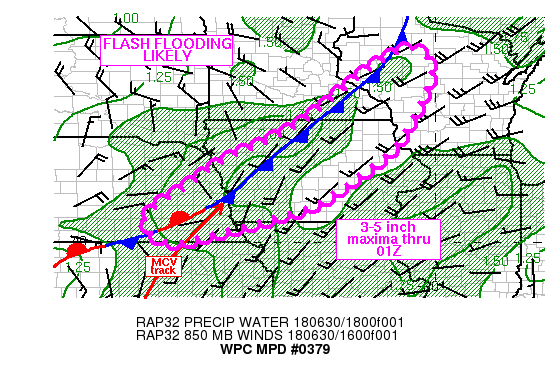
AREAS AFFECTED...ERN NE...IA...SRN MN...WRN WI

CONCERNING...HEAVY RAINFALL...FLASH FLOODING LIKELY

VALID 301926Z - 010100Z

SUMMARY...RAPID DEVELOPMENT OF CONVECTION IS EXPECTED TO POSE A
THREAT OF FLASH FLOODING THROUGH THE REMAINDER OF THE AFTERNOON
FROM EASTERN NEBRASKA INTO IOWA...SOUTHERN MINNESOTA AND WESTERN
WISCONSIN. RAINFALL RATES OF 2-3 IN/HR WILL BE POSSIBLE WHERE CELL
TRAINING OCCURS.

DISCUSSION...18Z SURFACE OBSERVATIONS PLACED A SLOW MOVING COLD
FRONT SOUTHWESTWARD FROM NORTHERN WISCONSIN INTO WEST-CENTRAL IOWA
AND SOUTHEASTERN NEBRASKA. SPECIAL 18Z RAOBS SHOWED PRECIPITABLE
WATER VALUES RANGING FROM 1.3 INCHES AT MPX TO 1.7 INCHES AT OAX
WITH THE LAYERED PRECIPITABLE WATER PRODUCT INDICATING DEEP
LAYERED MOISTURE STREAMING NORTHEASTWARD FROM WEST TEXAS INTO THE
CENTRAL PLAINS AND UPPER MIDWEST. THE 18Z SPC MESOANALYSIS AGREED
WITH THE 18Z OAX SOUNDING SHOWING MODERATE TO HIGH MLCAPE VALUES
RANGING FROM 2500 TO 3500+ J/KG AHEAD OF THE FRONT WITH ERODING
CIN.

CONVECTION FROM 19Z WAS LOCATED IN NORTH-CENTRAL IOWA WHERE MEAN
CELL MOTIONS WERE OFF TOWARD THE NORTHEAST AT AROUND 20 KT. VAD
WIND PLOTS INDICATED A REGION OF RELATIVELY STRONGER 850 MB WINDS
OUT AHEAD OF THE SURFACE FRONT RANGING BETWEEN 15-20 KT FROM THE
SOUTHWEST...WHICH WOULD PROMOTE SOME BACKBUILDING AND TRAINING OF
CONVECTION. THIS IS ALREADY BEGINNING JUST WEST OF I-35 IN
NORTHERN IOWA AND ADDITIONAL CELLS ARE EXPECTED TO DEVELOP INTO
SOUTHEASTERN MINNESOTA AND WESTERN WISCONSIN WITHIN THE NEXT 2-3
HOURS AS THIS IS A REGION WHERE CIN IS ESTIMATED TO BE LOWEST AND
THE SPECIAL 18Z SOUNDING FROM OAX INDICATED 27 J/KG CIN REMAINING.

WHILE CONVECTION HAS STRUGGLED TO DEVELOP ACROSS EASTERN NEBRASKA
AS OF 19Z...RECENT RUNS OF THE HRRR AND EXPERIMENTAL HRRR ARE IN
GOOD AGREEMENT WITH DEVELOPMENT OCCURRING NEAR 21Z. BEYOND
21Z...850 MB FLOW IS FORECAST TO INCREASE INTO THE 25-35 KT RANGE
WHICH WOULD HELP TO SUPPORT TRAINING GIVEN MEAN FLOW PARALLEL TO
THE SURFACE BOUNDARY. IN ADDITION...INCREASED FORCING AHEAD OF AN
MCV...CURRENTLY OVER CENTRAL KS...MAY HELP WITH CONVECTIVE
DEVELOPMENT INTO NEBRASKA TOWARD 00Z.

GIVEN LOW FLASH FLOOD GUIDANCE FROM RECENT HEAVY RAINFALL...FLASH
FLOODING IS CONSIDERED LIKELY. 6 HOUR RAINFALL MAXIMA OF 3-5
INCHES ARE EXPECTED THROUGH 01Z ACROSS THE MPD THREAT AREA.